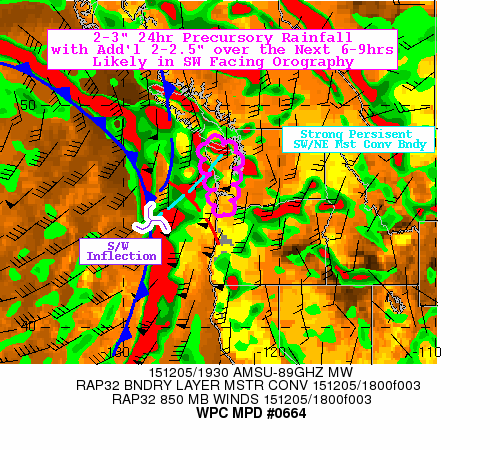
AREAS AFFECTED...W WASHINGTON/FAR NW OREGON

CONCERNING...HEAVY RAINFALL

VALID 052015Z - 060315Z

SUMMARY...ENHANCING RAINFALL RATES TO COMPOUND PRECURSORY TOTALS
ACROSS OLYMPICS AND WA/NW OR COASTAL RANGE

DISCUSSION...PERSISTENT SW TO NE MOISTURE CONVERGENCE PLUME FROM
TRAILING EDGE OF PRIOR SHORTWAVE CONTINUES TO BE WELL DEFINED
WITHIN RAP ANALYSIS FOCUSED ON THE OLYMPICS BACK ACROSS THE MOUTH
OF THE COLUMBIA RIVER TOWARD THE APPROACHING SHORTWAVE/INFLECTION
SEEN IN 15Z 89GHZ AMSU NEAR 45.5N128.5W WHICH MATCHES UP WITH
ENHANCED RAIN RATES NEAR .25"/HR.  BLENDED TPW ANALYSIS INDICATES
INCREASING VALUES TO 1.0-1.2" IN THE NEAR OFFSHORE OF WA/OR.  THIS
INCREASING MOISTURE AND MST CONVERGENCE CONTINUE TO INCREASE
HOURLY RATES TO THE .2-.3"/HR RANGE ACROSS THE SW FACING OROGRAPHY
ALONG THE MOISTURE CONVERGENCE ZONE.   THESE RATES HAVE PROVIDED
TOTALS IN EXCESS OF 2" OVER THE PAST DAY WHICH HAVE SET THE STAGE
FOR THE APPROACHING INCREASE/THREAT OF ENHANCED RAINFALL.

WITH THE SHORTWAVE/INFLECTION POINT APPROACHING...WINDS INCREASE
TO 60-70KTS AT 850MB FOR MUCH HIGHER MOISTURE FLUX JUST AHEAD OF
THE COLD FRONT.  THE .25"/HR RATES SEEN IN BLENDED RR IMAGERY WILL
ASCEND ALONG OROGRAPHY WITH THESE WINDS TO PRESS .5-.6"/HR RATES
WITH SOLID SUPPORT OF AN ADDITIONAL 2-2.5" OVER THE NEXT 6-9HRS
BEFORE THE FRONTAL PASSAGE OCCURS.  ANY FLOODING THREAT WILL BE
LIMITED TO THOSE AREAS IMPACTED BY THE PERSISTENT PRECURSORY
MOISTURE CONVERGENCE BAND PARTICULARLY SW FACING OROGRAPHY IN THE
OLYMPIC CHAIN.  THE EVOLUTION/PROGRESSION OF THE WAVE SEEMS TO BE
A SHADE FASTER THAN MUCH OF THE HI-RES MODELS ARE INDICATING WITH
SATELLITE TRENDS TO MAKE LANDFALL NEAR SW WA AROUND 23-00Z WHILE
MODELS ARE IN THE 02Z RANGE.  STILL HI-RES MODELS DO APPEAR TO
HAVE A STRONG HANDLE ON THE ORIENTATION AND RAINFALL MAGNITUDES
PARTICULARLY THE 12Z ARW/NMMB/NSSL-WRF.